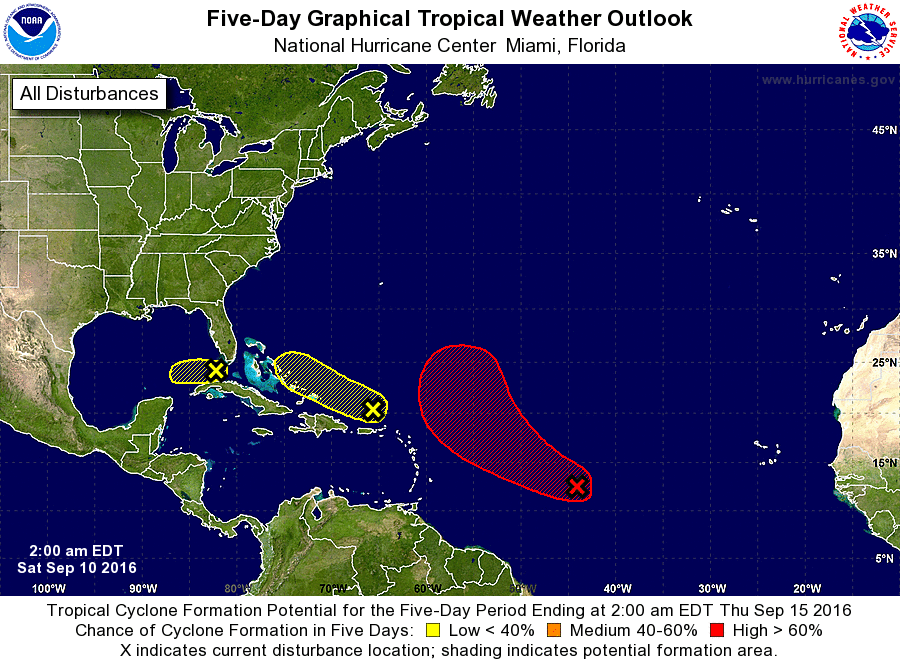
For the North Atlantic...Caribbean Sea and the Gulf of Mexico:

1. Shower and thunderstorm activity has changed little in organization during the past few hours in association with a broad area of low pressure located about 1100 miles east of the Lesser Antilles. However, environmental conditions are forecast to be favorable for development, and a tropical depression is likely to form by early next week while this disturbance moves toward the west-northwest and then toward the northwest over the central Atlantic during the next several days.
* Formation chance through 48 hours...high...70 percent
* Formation chance through 5 days...high...90 percent

2. An area of cloudiness, showers, and thunderstorms extending for several hundred miles to the north of Puerto Rico and the northern Leeward Islands is not showing any signs of organization. Environmental conditions are not expected to be conducive for significant development of this system while it moves generally west-northwestward at around 15 mph.
* Formation chance through 48 hours...low...10 percent
* Formation chance through 5 days...low...10 percent

3. An area of low pressure located just southwest of the lower Florida Keys is currently producing limited shower and thunderstorm activity. Upper-level winds are expected to remain unfavorable for significant development while this system moves westward at 5 to 10 mph across the southeastern Gulf of Mexico during the next couple of days. For additional information on this system, see High Seas Forecasts issued by the National Weather Service.
* Formation chance through 48 hours...low...20 percent
* Formation chance through 5 days...low...20 percent

High Seas Forecasts issued by the National Weather Service can be found under AWIPS header NFDHSFAT1, WMO header FZNT01 KWBC, and on the Web at http://www.opc.ncep.noaa.gov/shtml/NFDHSFAT1.shtml.

Forecaster Brennan